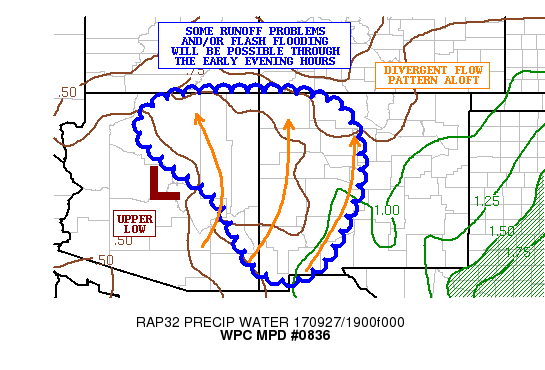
AREAS AFFECTED...CENTRAL/WESTERN NM...NORTHEAST/EAST-CENTRAL AZ

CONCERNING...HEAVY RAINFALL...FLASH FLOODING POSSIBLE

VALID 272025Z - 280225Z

SUMMARY...BANDS OF HEAVY RAINFALL ARE EXPECTED THROUGH THE
AFTERNOON AND EARLY EVENING HOURS. SOME LOCALIZED RUNOFF PROBLEMS
AND/OR FLASH FLOODING WILL BE POSSIBLE.

DISCUSSION...THE LATEST NON-OPERATIONAL GOES-16 RGB-AIRMASS
IMAGERY SHOWS A ROBUST UPPER LOW OVER CENTRAL AZ...WITH A RATHER
STRONG PV ANOMALY THAT IS SEEN EDGING SLOWLY EAST. THE NORTHEAST
FLANK OF THIS ANOMALY IS COUPLING WITH ROBUST DIURNAL HEATING AND
STEEP MID LEVEL LAPSE RATES FOR SCATTERED SMALL CLUSTERS OF RATHER
SLOW-MOVING CONVECTION OVER NORTHEAST AZ. MOISTURE ACROSS THIS
REGION THOUGH IS QUITE MODEST WITH PWATS OF GENERALLY ONLY A 0.50
INCH.

FARTHER EAST...THERE ARE SOME BANDS OF CONVECTION OVER WESTERN NM
IN ASSOCIATION WITH A RATHER DIVERGENT FLOW REGIME ALOFT TO THE
EAST OF THE UPPER LOW. CLOUD TOPS HERE HAVE BEEN COOLING A BIT
OVER THE LAST HOUR INDICATIVE OF AN UPTICK IN DEEP LAYER FORCING.
THE CONVECTION IS ALSO PRODUCING RELATIVELY HEAVY RAINFALL RATES
AND COINCIDING WITH AN AXIS OF NOTABLY DEEPER MOISTURE WHERE THERE
IS A BETTER MID LEVEL CONCENTRATION AS PER CIRA-LPW DATA ANALYSIS.
SOME DUAL-POL ESTIMATES HAVE ALREADY BEEN OCCASIONALLY EXCEEDING 1
INCH/HR.

THE LATEST HIRES MODEL CONSENSUS SUPPORTS THE IDEA OF SOME 1 TO 2+
INCH AMOUNTS...ESPECIALLY OVER AREAS OF CENTRAL/WESTERN NM THROUGH
00Z...WITH SOME ADDITIONAL HEAVY RAINS POSSIBLE AFTER 00Z AS THE
UPSTREAM UPPER LOW SLOWLY SHIFTS EAST AND INTERACTS WITH AT LEAST
A MODESTLY UNSTABLE BUT RELATIVELY DEEP MOISTURE AXIS. RAINFALL
AMOUNTS CLOSER TO THE UPPER LOW OVER NORTHEAST AZ WILL TEND TO BE
MITIGATED A BIT BY A DRIER BOUNDARY LAYER AND LOWER PWATS
OVERALL...BUT SLOWER CELL MOTION HERE WILL TEND TO COMPENSATE AND
MAY RESULT IN SOME SPOTTY 1 TO 2 INCH AMOUNTS. THESE AMOUNTS WILL
BE CAPABLE OF PRODUCING SOME LOCALIZED RUNOFF PROBLEMS AND/OR
FLASH FLOODING.